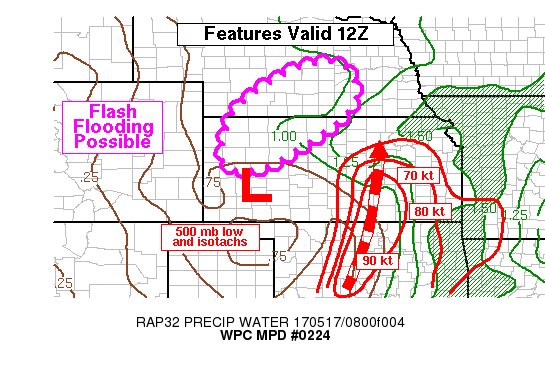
AREAS AFFECTED...NWRN AND N-CNTRL KS INTO S-CNTRL NE

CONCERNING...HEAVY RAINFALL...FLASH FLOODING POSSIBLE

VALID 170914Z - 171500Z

SUMMARY...ANOTHER ROUND OF CONVECTION WITH RAINFALL RATES OF 1-1.5
IN/HR IS EXPECTED TO DEVELOP BY 12Z ACROSS PORTIONS OF NWRN KS
INTO S-CNTRL NE. GIVEN WET ANTECEDENT GROUND AND LOW FFG...FLASH
FLOODING WILL BE POSSIBLE.

DISCUSSION...09Z GOES WATER VAPOR IMAGERY SHOWED A WELL DEFINED
CLOSED LOW OVER EXTREME SWRN KS...MOVING NEWD ALONG WITH THE
700-850 MB REFLECTION OF THIS FEATURE. BLENDED TPW AND RAP MODEL
ANALYSES SHOWED A SOME 1+ PRECIPITABLE WATER VALUES WRAPPING
AROUND THIS CIRCULATION TO THE WEST ACROSS NRN KS. RECENT SPC
MESOANALYSES SHOWED 500-1000+ J/KG MU CAPE REMAINED WHERE RECENT
SHOWERS HAD DEVELOPED OVER SMITH AND PHILLIPS COUNTIES. GOES WATER
VAPOR IMAGERY ALSO SHOWED THE PRESENCE OF A MID-UPPER LEVEL JET
STREAK OVER NWRN TX INTO WRN OK AT 09Z.

AS THE UPPER LOW CONTINUES TO ADVANCE NEWD INTO KS EARLY THIS
MORNING...A COMBINATION OF LINGERING INSTABILITY OF 500-1000+
J/KG...INCREASING UPPER DIFFLUENCE/DIVERGENCE AHEAD OF THE
AFOREMENTIONED JET STREAK AND A DEVELOPING DEFORMATION AXIS SHOULD
FOSTER THE DEVELOPMENT OF HEAVY RAINFALL. RAINFALL CORES WITHIN
THIS DEFORMATION AXIS SHOULD BE SLOW MOVING AND CAPABLE OF
RAINFALL RATES OF 1 TO 1.5 IN/HR. GIVEN RECENT HEAVY RAINFALL
ACROSS THE REGION...FLASH FLOOD GUIDANCE IS CURRENTLY 1 TO 2
INCHES IN 1 HOUR AND 1.5 TO 2.5 INCHES IN 3 HOURS. GIVEN THE
ANTICIPATED SLOW MOVEMENT...RAINFALL TOTALS OF 1.5 TO 2.5 INCHES
APPEAR LIKELY WHICH MAY CAUSE A FEW RUNOFF ISSUES ACROSS THE
REGION.